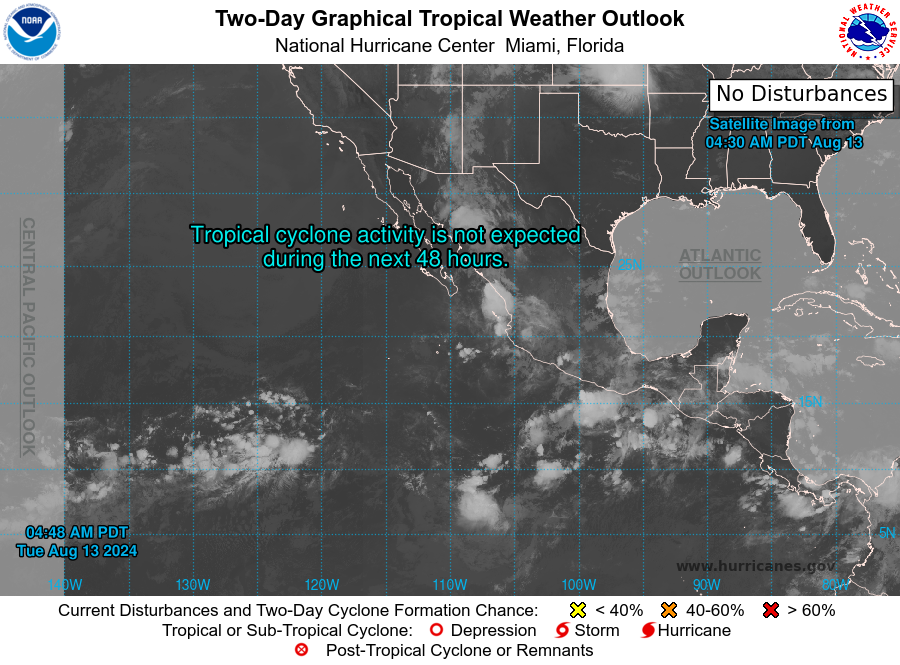
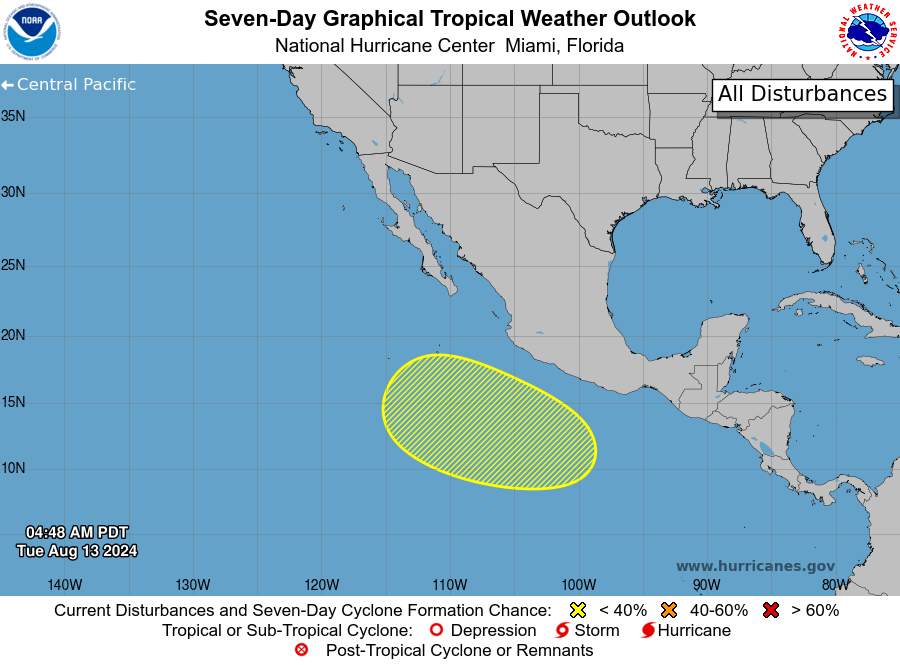
For the eastern North Pacific...east of 140 degrees west longitude:

1. Offshore Southwestern Mexico: An area of low pressure could form this weekend well offshore of southern Mexico. Some slow development is possible by early next week as the low moves west-northwestward, remaining offshore of southwestern Mexico.
* Formation chance through 48 hours...low...near 0 percent.
* Formation chance through 7 days...low...20 percent.

Forecaster Hagen/Berg